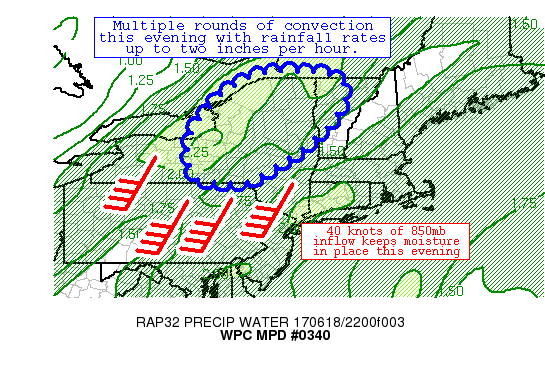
AREAS AFFECTED...CENTRAL AND NORTHERN NY...WESTERN VT

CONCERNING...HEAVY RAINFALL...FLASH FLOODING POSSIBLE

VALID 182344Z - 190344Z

SUMMARY...THUNDERSTORMS WITH VERY HEAVY RAIN ARE FORECAST TO
CONTINUE ACROSS NORTHERN NEW YORK AND INTO VERMONT INTO THE LATE
EVENING HOURS WITH RAINFALL RATES UP TO 2 INCHES PER HOUR.
LOCALIZED FLASH FLOODING IS POSSIBLE.

DISCUSSION...A DEEP LAYERED MID-LATITUDE CYCLONE SITUATED JUST
NORTH OF THE GREAT LAKES IS PROVIDING LARGE SCALE ASCENT ACROSS
THIS REGION IN THE PRESENCE OF ANOMALOUS PWS APPROACHING 2 INCHES
AND ROUGHLY 40 KNOTS OF 850MB INFLOW AS INDICATED BY THE LATEST
RAP GUIDANCE.  RADAR IMAGERY SHOWS MULTIPLE LINES OF HEAVY
CONVECTION PROGRESSING FROM SOUTHWEST TO NORTHEAST, WITH COVERAGE
INCREASING OVER THE PAST HOUR.  PERIODS OF TRAINING THUNDERSTORM
ACTIVITY IS POSSIBLE GIVEN DEEP NEARLY UNIDIRECTIONAL FLOW AND
MULTIPLE CONVERGING OUTFLOW BOUNDARIES.

THE LATEST HRRR GUIDANCE, INCLUDING THE LATEST HRRR AND NAM
CONEST, IS SUGGESTING ONE TO LOCALLY THREE INCHES OF RAIN IS
POSSIBLE BY 3Z THIS EVENING.  THIS IS ALSO SUPPORTED BY THE NMMB
AND TO A LESSER EXTENT BY THE ARW.  LOCALIZED AREAS OF FLASH
FLOODING WILL BE POSSIBLE.